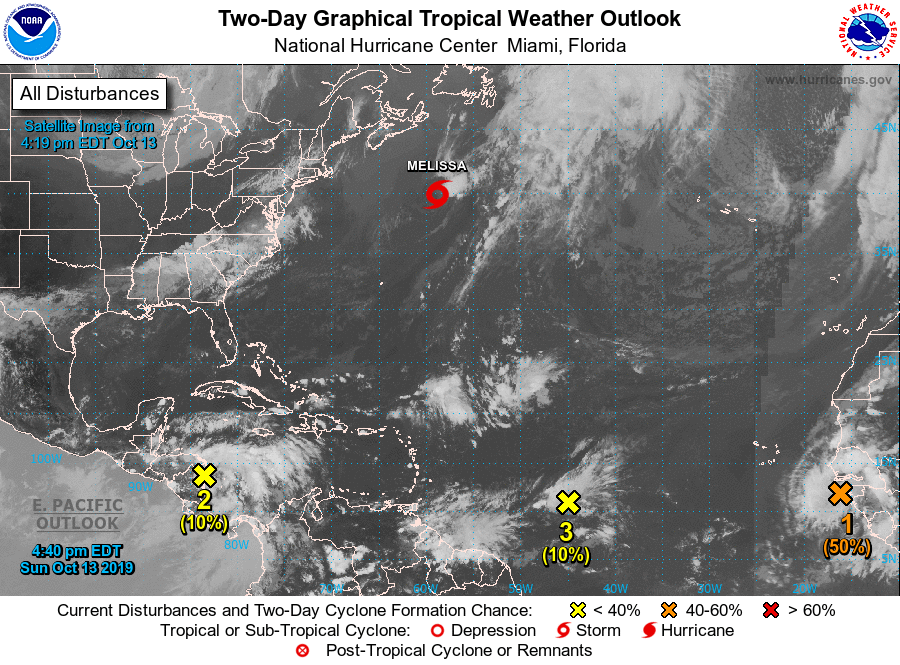
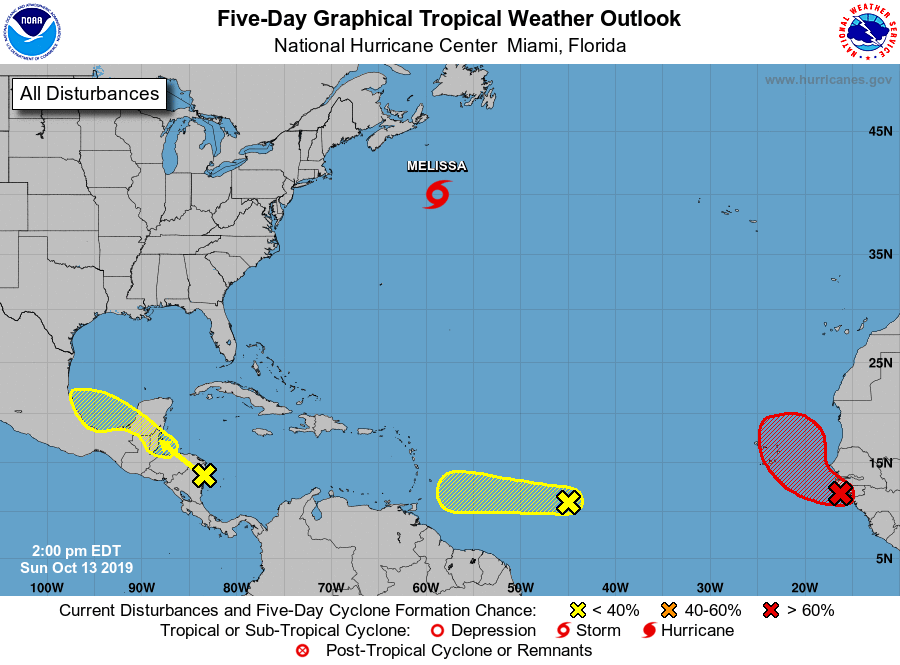
For the North Atlantic...Caribbean Sea and the Gulf of Mexico:

The National Hurricane Center is issuing advisories on Tropical Storm Melissa, located about 400 miles south-southeast of Nova Scotia, Canada.

1. A vigorous tropical wave, accompanied by a well-defined low pressure system, has emerged over the far eastern tropical Atlantic Ocean just west of the coast of Guinea-Bissau. Showers and thunderstorms are beginning to show signs of organization, and environmental conditions are expected to be conducive for the development of a tropical depression during the next few days while the disturbance moves west-northwestward to northwestward over or just east of the Cabo Verde Islands. Strong upper-level winds should prevent any significant development by midweek. Interests in and around the Cabo Verde Islands should monitor the progress of this system.
* Formation chance through 48 hours...medium...50 percent.
* Formation chance through 5 days...high...70 percent.

2. A broad area of low pressure located along the coast of northeastern Nicaragua is producing disorganized showers and thunderstorms over most of the southwestern Caribbean Sea, Gulf of Honduras, and much of Central America. This system is forecast to continue moving west-northwestward across northern Nicaragua, northern Honduras, southern Belize, and northern Guatemala, which will inhibit tropical cyclone formation for the next couple of days due to land interaction. By Wednesday, however, the disturbance is forecast to emerge over the southern Bay of Campeche where conditions could become a little more conducive for some organization to occur. Regardless of development, this system is expected to produce heavy rains over portions of Central America during the next few days, which could cause flooding and mudslides, especially in mountainous areas.
* Formation chance through 48 hours...low...10 percent.
* Formation chance through 5 days...low...20 percent.

3. A tropical wave located over the central tropical Atlantic is producing disorganized thunderstorm activity and strong gusty winds to near gale force in the northern portion of the wave. Upper-level winds are expected to be only marginally conducive for development to occur during the next few days while the system moves westward at around 15 mph. By late Wednesday as the disturbance approaches the southern Lesser Antilles, upper-level winds are forecast to become quite hostile for any significant development to occur.
* Formation chance through 48 hours...low...10 percent.
* Formation chance through 5 days...low...20 percent.

Forecaster Stewart